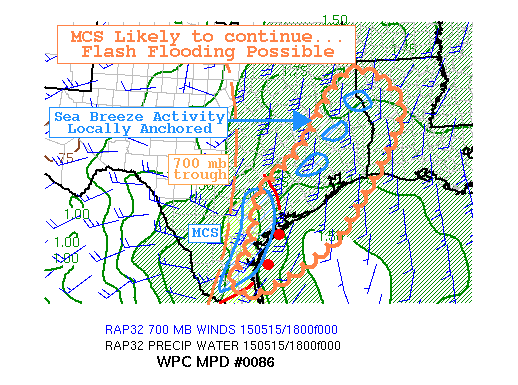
AREAS AFFECTED...SOUTHEAST TX

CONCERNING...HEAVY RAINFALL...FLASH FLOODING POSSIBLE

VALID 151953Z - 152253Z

SUMMARY...SEA BREEZE ACTIVITY AND CONTINUATION OF AN ORGANIZED MCS
WILL PRODUCE WIDESPREAD RAIN IN SE TX THROUGH 23Z. THE AREA IS
VERY PRONE TO RUNOFF AND FLASH FLOODING GIVEN THE RECENT WET
WEATHER PATTERN.

DISCUSSION...JUDGING BY OBSERVATIONS AND RAP FORECASTS OF LOW
LEVEL WIND SPEEDS...THE MCS TRACKING SLOWLY EAST ALONG THE TX GULF
COAST SHOULD CONTINUE TO PRODUCE HEAVY RAIN AT LEAST THROUGH 22 OR
23Z. THIS IS NOT REFLECTED IN THE MODELS...ALTHOUGH THE 12Z
WRF-ARW AT LEAST HAD SOME SIGNAL. THE HRRR APPEARS TO EAGER TO
DISSIPATE THE SYSTEM. SUCH A RAPID LOSS OF INTENSITY DOES NOT
APPEAR LIKELY...GIVEN BOTH MID AND LOWER LEVEL SUPPORT...WITH THE
RAP 700 WIND FIELDS SHOWING A WELL DEFINED SHORTWAVE...AND 850 MB
SOUTHERLY INFLOW FORECAST TO REMAIN AT OR ABOVE 15-20 KNOTS.

MID LEVEL STEERING FLOW WOULD TAKE THE MCS EAST TO ENE AT ABOUT 20
KNOTS. ADDITIONAL THUNDERSTORMS ACROSS SE TX AND WRN LA...INDUCED
BY THE MOIST ONSHORE FLOW / SEA BREEZE...MAY BECOME LOCALLY
ANCHORED AND BRIEFLY PROPAGATE TOWARD THE INFLOW. THE COMBINATION
OF THE MCS AND SEA BREEZE ACTIVITY SHOULD PRODUCE A RELATIVELY
WIDESPREAD RAINFALL FOOTPRINT OVER THIS REGION THROUGH LATE
AFTERNOON.

LOCAL RAIN AMOUNTS ARE LIKELY TO EXCEED 1.5 INCHES...AS ALREADY
OBSERVED TODAY. WFO HGX HAD NOTED FLASH FLOODING YESTERDAY WITH
ONLY 1 INCH PER HOUR RATES...OWING TO THE LONG TERM RAINFALL
SURPLUS IN THIS REGION...WITH SOME SPOTS HAVING SEEN 3 TO 6 TIMES
THE CLIMATOLOGICAL RAINFALL FOR THE PAST 14 DAY PERIOD.